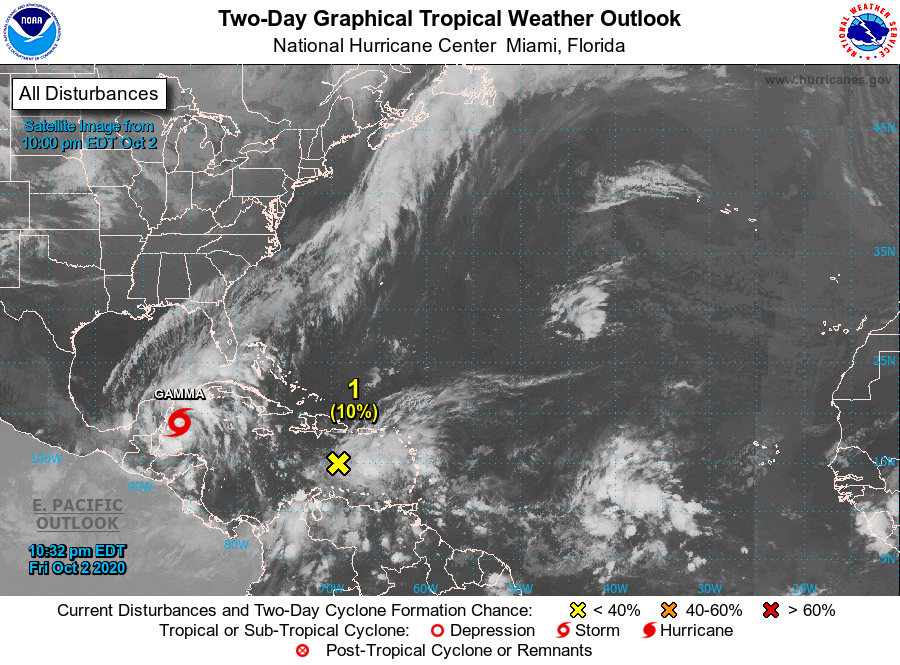
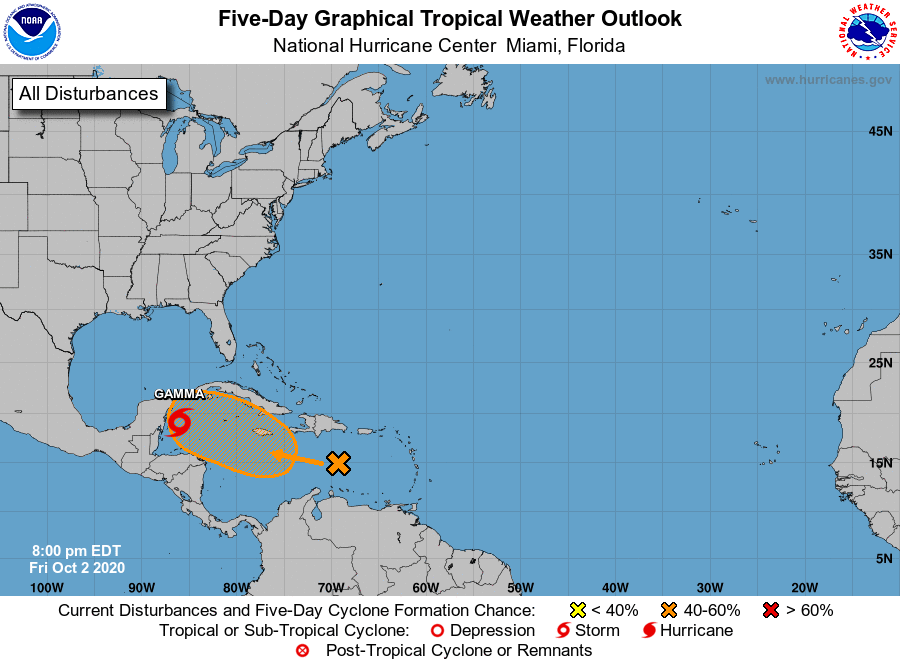
For the North Atlantic...Caribbean Sea and the Gulf of Mexico:

The National Hurricane Center is issuing advisories on recently upgraded Tropical Storm Gamma, located over the northwestern Caribbean Sea.

1. A tropical wave is producing widespread cloudiness, showers, and thunderstorms over the eastern Caribbean Sea, with locally heavy rainfall and gusty winds affecting portions of the ABC Islands, the Lesser Antilles, the Virgin Islands, and Puerto Rico. Environmental conditions are expected to become a little more conducive for development, and a tropical depression could form next week while the system moves westward or west-northwestward at about 15 mph across the central and western Caribbean Sea.
* Formation chance through 48 hours...low...10 percent.
* Formation chance through 5 days...medium...40 percent.

Public Advisories on Tropical Storm Gamma are issued under WMO header WTNT35 KNHC and under AWIPS header MIATCPAT5. Forecast/Advisories on Tropical Storm Gamma are issued under WMO header WTNT25 KNHC and under AWIPS header MIATCMAT5.

Forecaster Cangialosi